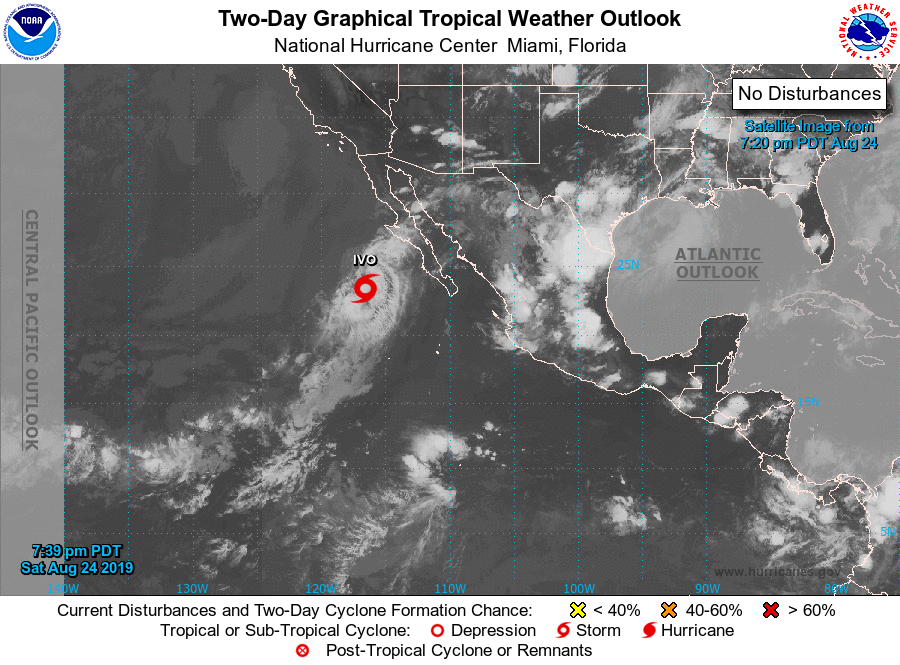
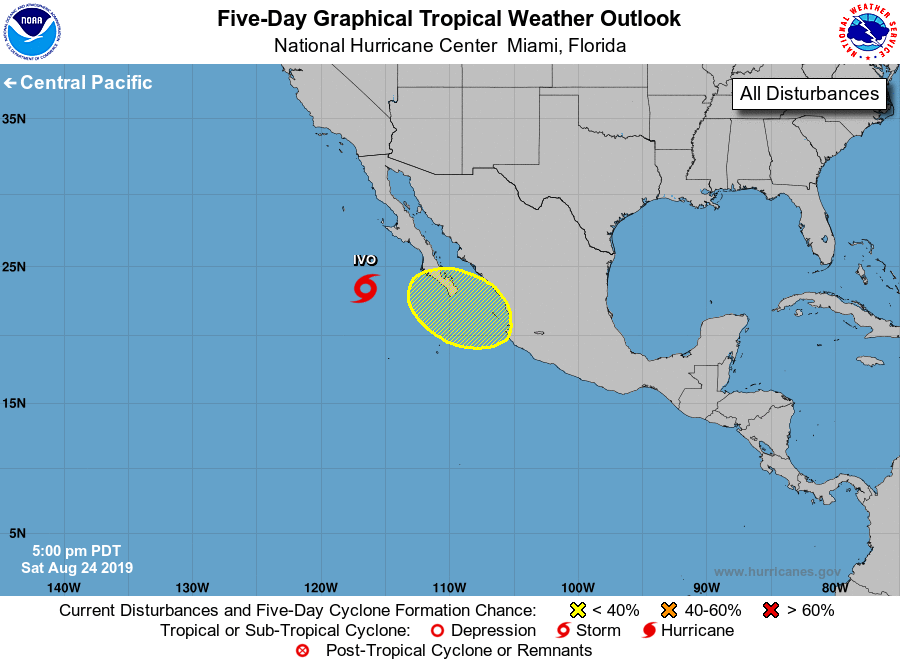
For the eastern North Pacific...east of 140 degrees west longitude:

The National Hurricane Center is issuing advisories on Tropical Storm Ivo, located several hundred miles west of the southern tip of the Baja California peninsula.

1. A trough of low pressure is forecast to develop in a few days near the southern tip of the Baja California peninsula. Some development is possible thereafter while the system moves slowly westward or west-northwestward through late next week.
* Formation chance through 48 hours...low...near 0 percent.
* Formation chance through 5 days...low...20 percent.

Forecaster Zelinsky